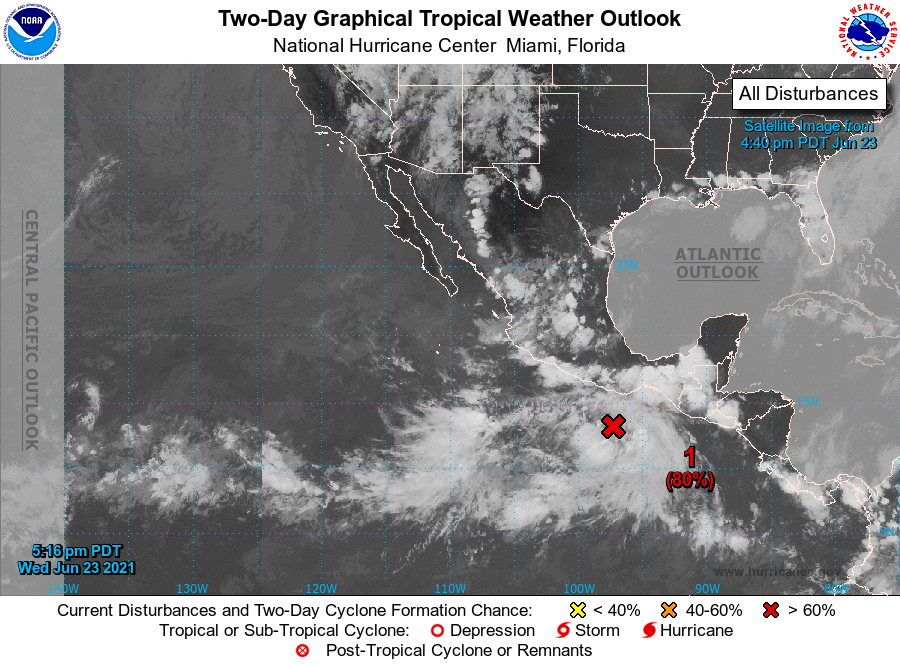
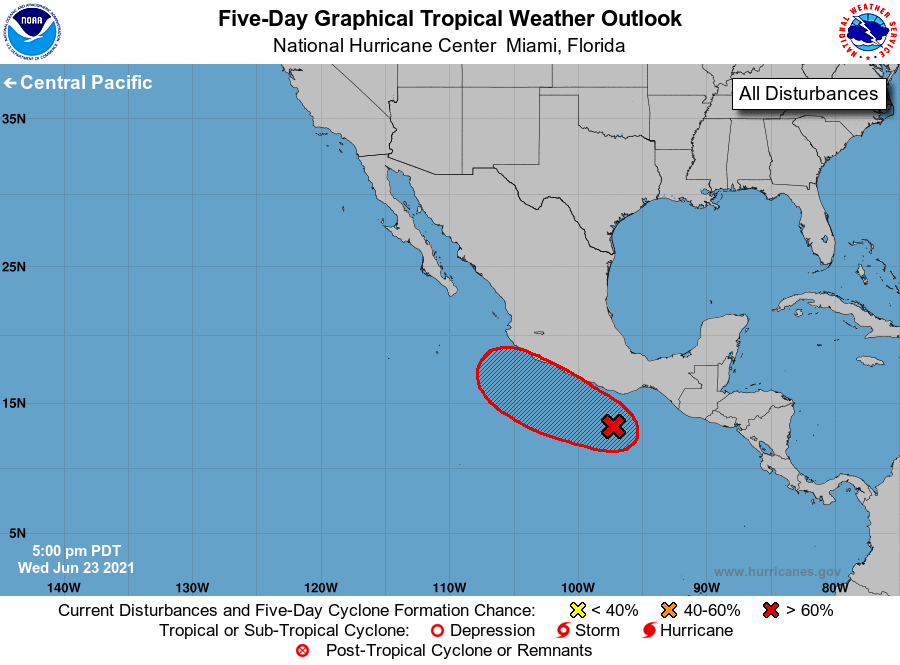
For the eastern North Pacific...east of 140 degrees west longitude:

1. Showers and thunderstorms are gradually becoming better organized in association with a broad area of low pressure located a couple of hundred miles south of the coast of southern Mexico. Environmental conditions are conducive for further development, and a tropical depression is expected to form during the next couple of days while the disturbance moves west-northwestward at about 10 mph. This system is expected to be near the coast of southern or southwestern Mexico through the weekend, and interests in those areas should monitor its potential for development, as well as the threat of heavy rainfall and flooding.
* Formation chance through 48 hours...high...80 percent.
* Formation chance through 5 days...high...90 percent.

Forecaster Berg